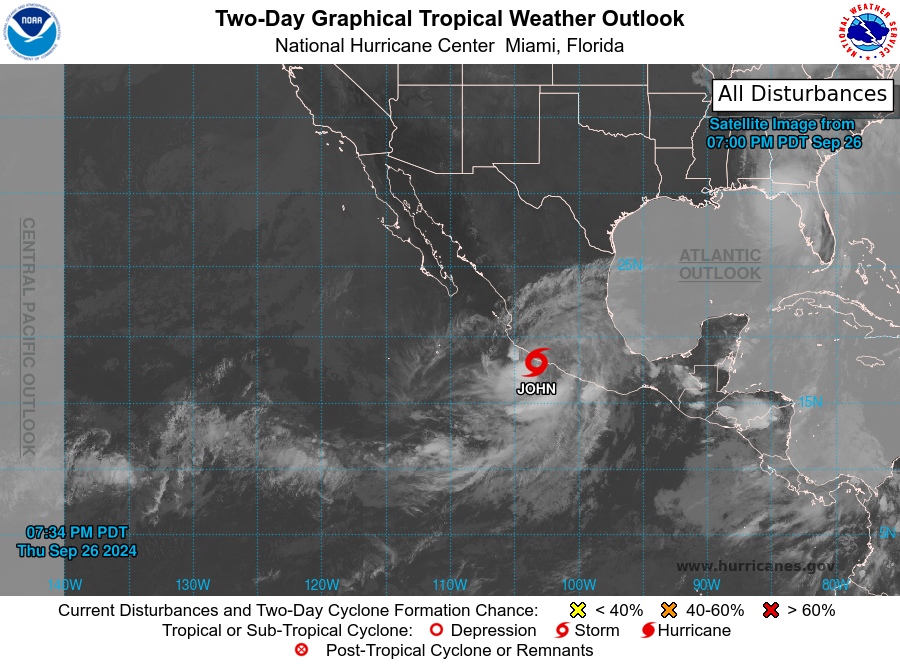
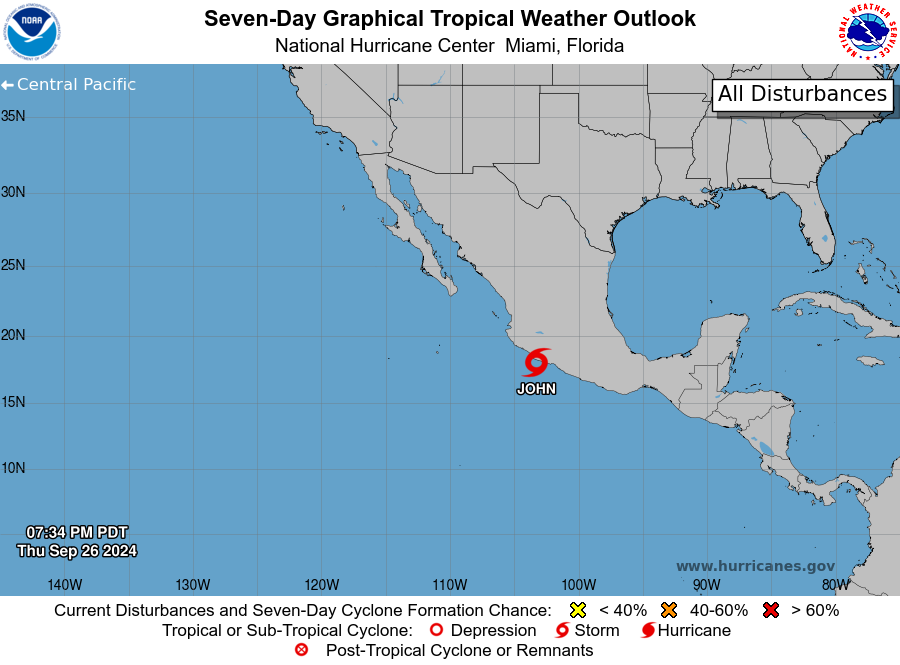
For the eastern North Pacific...east of 140 degrees west longitude:

Active Systems: The National Hurricane Center is issuing advisories on Hurricane John, located just south of southwestern Mexico.

Tropical cyclone formation is not expected during the next 7 days.

Forecaster Hagen